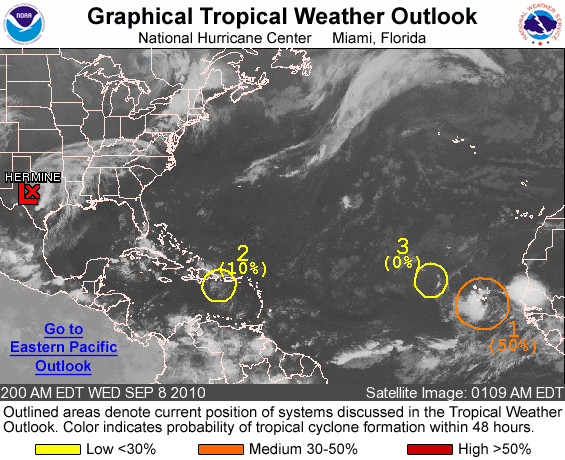
FOR THE NORTH ATLANTIC...CARIBBEAN SEA AND THE GULF OF MEXICO...

THE NATIONAL HURRICANE CENTER HAS ISSUED THE LAST ADVISORY ON TROPICAL DEPRESSION HERMINE...CURRENTLY LOCATED INLAND OVER CENTRAL TEXAS ABOUT 60 MILES SOUTH OF ABILENE. FUTURE INFORMATION ON THIS SYSTEM CAN BE FOUND IN PUBLIC ADVISORIES ISSUED BY THE HYDROMETEOROLOGICAL PREDICTION CENTER...UNDER AWIPS HEADER TCPAT5 AND WMO HEADER WTNT35 KWNH...BEGINNING AT 400 AM CDT.

1. SHOWER AND THUNDERSTORM ACTIVITY IS BECOMING MORE ORGANIZED NEAR AN AREA OF LOW PRESSURE LOCATED JUST SOUTH OF THE SOUTHERNMOST CAPE VERDE ISLANDS. STRONG UPPER-LEVEL WINDS OVER THIS SYSTEM ARE EXPECTED TO DECREASE OVER THE NEXT COUPLE OF DAYS...AND ADDITIONAL DEVELOPMENT IS POSSIBLE AS THE LOW MOVES WESTWARD AT 10 TO 15 MPH. THERE IS A MEDIUM CHANCE...50 PERCENT...OF THIS SYSTEM BECOMING A TROPICAL CYCLONE DURING THE NEXT 48 HOURS.

2. THE REMNANTS OF GASTON...LOCATED ABOUT 140 MILES SOUTHEAST OF SANTO DOMINGO IN THE DOMINICAN REPUBLIC...ARE PRODUCING MINIMAL SHOWER AND THUNDERSTORM ACTIVITY. DEVELOPMENT OF THIS SYSTEM IS BECOMING LESS LIKELY AS IT MOVES WESTWARD AT 10 TO 15 MPH. THERE IS A LOW CHANCE...10 PERCENT...OF THIS SYSTEM BECOMING A TROPICAL CYCLONE AGAIN DURING THE NEXT 48 HOURS.

3. SHOWER ACTIVITY NEAR A WEAK AREA OF LOW PRESSURE LOCATED ABOUT 525 MILES WEST-NORTHWEST OF THE NORTHERNMOST CAPE VERDE ISLANDS HAS DISSIPATED. SATELLITE DATA INDICATE THAT THE SYSTEM IS EMBEDDED WITHIN A DRY AND STABLE ENVIRONMENT...AND DEVELOPMENT IS NOT EXPECTED AS IT MOVES WEST-NORTHWESTWARD NEAR 10 MPH. THERE IS A LOW CHANCE...NEAR 0 PERCENT...OF THIS SYSTEM BECOMING A TROPICAL CYCLONE DURING THE NEXT 48 HOURS.

ELSEWHERE...TROPICAL CYCLONE FORMATION IS NOT EXPECTED DURING THE NEXT 48 HOURS.

FORECASTER BERG